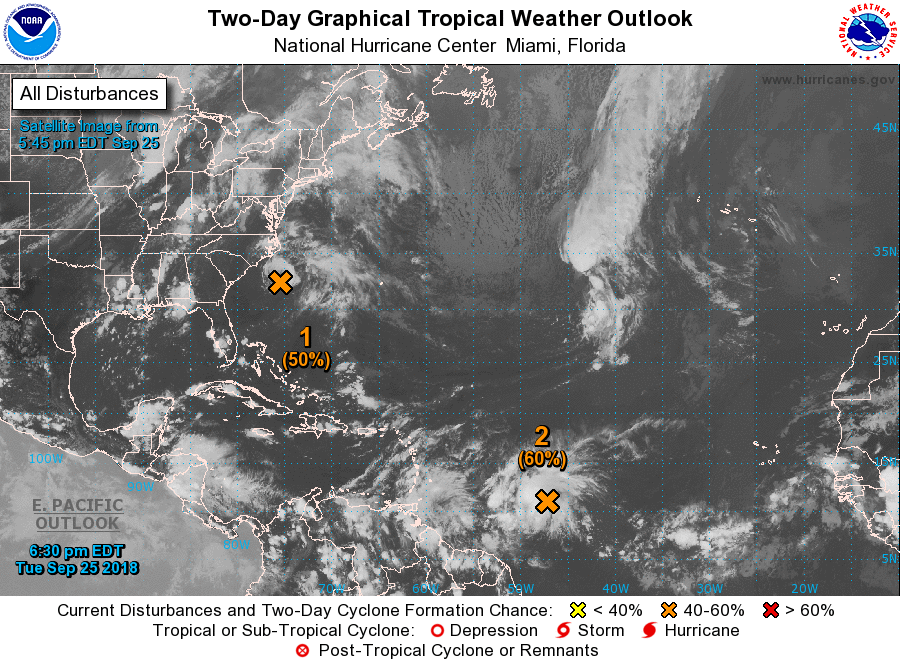
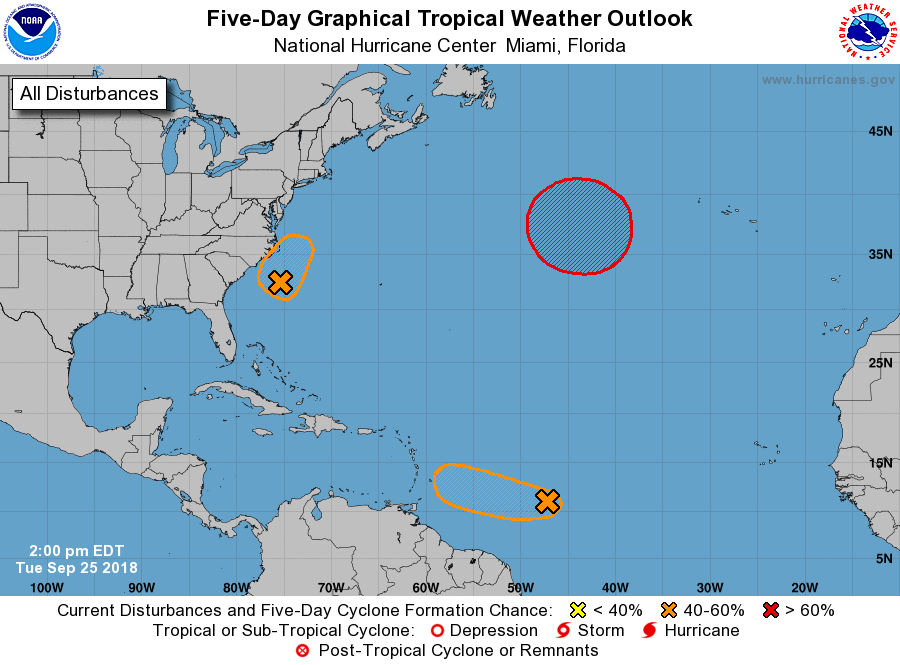
For the North Atlantic...Caribbean Sea and the Gulf of Mexico:

The National Hurricane Center has issued the final advisory on Post-Tropical Cyclone Leslie, located a little more than 1000 miles west-southwest of the Azores.

1. A broad area of low pressure located about 200 miles south of Cape Hatteras, North Carolina, continues to produce disorganized showers and a few thunderstorms. Satellite and surface data indicate that the circulation of the low remains elongated and not well defined. However, this system could still become a tropical depression this afternoon or tonight while it moves slowly northwestward to northward. By Wednesday, additional development appears unlikely due to strong upper-level winds while the system moves northward and north-northeastward near the eastern United States coast. An Air Force Reserve reconnaissance aircraft is scheduled to investigate the system later this afternoon. Regardless of development, this system is likely to bring scattered showers and thunderstorms across portions of northeastern South Carolina and eastern North Carolina this afternoon and tonight. In addition, dangerous surf conditions and rip currents are expected along portions of the North Carolina coast today. For more information, please see products from your local National Weather Service office.
* Formation chance through 48 hours...medium...50 percent.
* Formation chance through 5 days...medium...50 percent.

2. The remnants of Kirk are located more than 800 miles east of the Windward Islands and are moving quickly westward at 20 to 25 mph. This system continues to produce a large area of showers and thunderstorms, along with winds to near gale force on its north side. Although satellite data indicate that the system still lacks a closed circulation, this disturbance could still redevelop into a tropical cyclone during the next day or two before it moves into an area of highly unfavorable upper-level winds as it approaches the Caribbean Sea. Interests in the Windward and Leeward Islands should monitor the progress of this disturbance as gusty winds and locally heavy rains are likely over the next couple of days even if the system does not redevelop into a tropical cyclone. For more information on this system, see High Seas Forecasts issued by the National Weather Service.
* Formation chance through 48 hours...medium...60 percent.
* Formation chance through 5 days...medium...60 percent.

3. Post-Tropical Cyclone Leslie is forecast to meander over the central Atlantic for the next day or so. By Thursday or Friday, Leslie is expected to reacquire subtropical or tropical characteristics while the cyclone moves slowly eastward to east-northeastward over the north-central Atlantic. For more information on this system, see High Seas Forecasts issued by the National Weather Service.
* Formation chance through 48 hours...low...10 percent.
* Formation chance through 5 days...high...70 percent.

High Seas Forecasts issued by the National Weather Service can be found under AWIPS header NFDHSFAT1, WMO header FZNT01 KWBC, and on the Web at https://ocean.weather.gov/shtml/NFDHSFAT1.shtml.

Forecaster Pasch